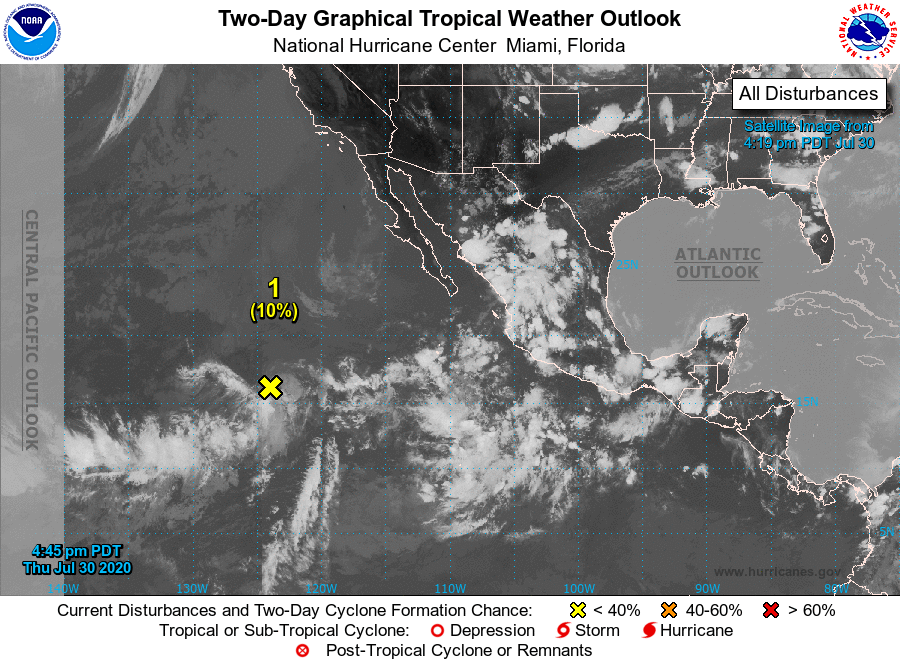
For the eastern North Pacific...east of 140 degrees west longitude:

1. Shower activity has decreased in association with a weak area of low pressure located about a thousand miles west-southwest of the southern tip of the Baja California peninsula. Since the low is now moving over cooler waters, development is not expected while it moves slowly west-northwestward at 5 to 10 mph.
* Formation chance through 48 hours...low...10 percent.
* Formation chance through 5 days...low...10 percent.

Forecaster Berg